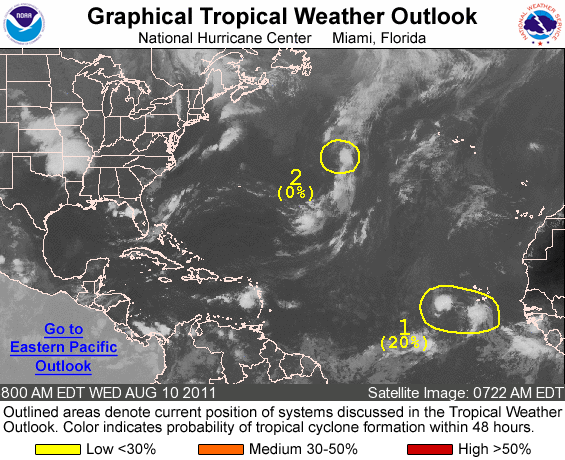
FOR THE NORTH ATLANTIC...CARIBBEAN SEA AND THE GULF OF MEXICO...

1. A LARGE AREA OF DISTURBED WEATHER ASSOCIATED WITH A TROPICAL WAVE EXTENDS FROM THE SOUTHERN CAPE VERDE ISLANDS WESTWARD SEVERAL HUNDRED MILES INTO THE TROPICAL ATLANTIC OCEAN. SHOWER AND THUNDERSTORM ACTIVITY HAS BECOME MORE CONCENTRATED NEAR A BROAD AREA OF LOW PRESSURE LOCATED ABOUT 400 MILES SOUTH-SOUTHWEST OF THE SOUTHERN CAPE VERDE ISLANDS. A SECOND AREA OF SHOWERS AND THUNDERSTORMS IS LOCATED JUST SOUTH OF THE SOUTHERNMOST CAPE VERDE ISLANDS. ENVIRONMENTAL CONDITIONS APPEAR FAVORABLE FOR SOME GRADUAL DEVELOPMENT OF THIS SYSTEM OVER THE NEXT COUPLE OF DAYS...AND THIS SYSTEM HAS A LOW CHANCE...20 PERCENT...OF BECOMING A TROPICAL CYCLONE DURING THE NEXT 48 HOURS AS IT MOVES WESTWARD AT 10 TO 15 MPH.

2. THE REMNANTS OF EMILY ARE LOCATED ABOUT 715 MILES SOUTH-SOUTHEAST OF CAPE RACE NEWFOUNDLAND...MOVING TOWARD THE NORTHEAST AT ABOUT 20 MPH. THE ASSOCIATED SHOWER ACTIVITY IS CURRENTLY DISORGANIZED... AND ENVIRONMENTAL CONDITIONS ARE NOT CONDUCIVE FOR SIGNIFICANT DEVELOPMENT AS THIS SYSTEM BEGINS TO INTERACT WITH A FRONTAL ZONE. THIS SYSTEM HAS A LOW CHANCE...NEAR 0 PERCENT...OF REGENERATING INTO A TROPICAL CYCLONE DURING THE NEXT 48 HOURS.

ELSEWHERE...TROPICAL CYCLONE FORMATION IS NOT EXPECTED DURING THE NEXT 48 HOURS.

FORECASTER BRENNAN